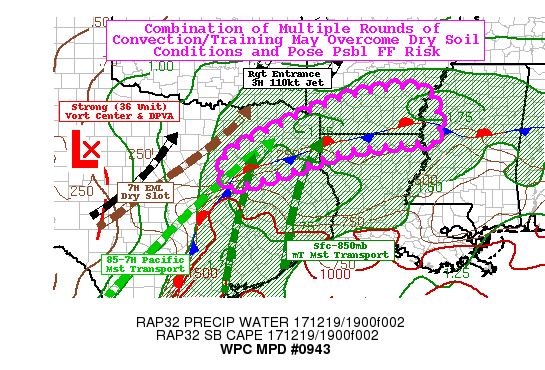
AREAS AFFECTED...NORTHEAST TX...SOUTHERN AR...NORTHERN LA...CENT
WESTERN MS

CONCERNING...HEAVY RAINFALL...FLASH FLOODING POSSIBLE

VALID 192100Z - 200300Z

SUMMARY...INGREDIENTS FOR BACKBUILDING AND TRAINING EFFICIENT
RAINFALL PRODUCING CONVECTION SUPPORT ISOLATED FLASH FLOODING
THREAT THIS EVENING/EARLY OVERNIGHT.

DISCUSSION...GOES-16 AIRMASS RGB DEPICTS A SIGNIFICANT +PV ANOMALY
WITH BRIGHT PINKS/REDS WITH UPPER LOW ACROSS THE TWO TX
PANHANDLES.  THE STRONGER BASE VORT CENTER IS PRIMING TO SWING OUT
ACROSS CENTRAL TX PROVIDING AMPLE DPVA TO ACCOMPANY AND STRENGTHEN
ALREADY IMPRESSIVE DIFFLUENT/DIVERGENT FLOW ACROSS NE TX SPILLING
INTO AR/FAR N LA.  THE STRONG DPVA WILL BE THE SPARK TO REACTIVATE
CONVECTION AT OR JUST AFTER 00Z ALONG A N-S FRONTAL BOUNDARY
SEPARATING WESTERN GULF MT AIR DEPICTED BY SFC TDS IN THE LOW 70S
FROM MODIFIED AIR TO THE WEST THAT IS A COMBINATION OF SOME MIXING
OF TROPICAL CONNECTION ACROSS MEXICO IN THE 850-700H AND RESIDUAL
MODIFIED CP AIR AHEAD OF MAIN DRY PUNCH FROM THE EML OFF THE
MEXICAN PLATEAU (GENERALLY WEST OF UL CIRRUS STREAK SEEN IN
3-CHANNEL WV SUITE) AND COLD CONTINENTAL AIR MIXING OUT OF THE
CENTRAL ROCKIES LATER (AS THE SFC CYCLONE RAPIDLY DEVELOPS LATER
TONIGHT).  GIVEN THE CELLS WILL BE ON THE WESTERN EDGE OF THE
DEEPER MOISTURE AND ALLOW FOR CONTINUED RAINFALL EFFICIENCY OF
1.5-2"/HR.

THIS ALONE WOULD NOT LIKELY BE SUFFICIENT FOR FLOODING CONCERNS
EXCEPT IN MOST PRONE/URBAN SETTINGS DUE TO INITIAL
DOWNPOURS...HOWEVER THIS IS IN COMBINATION WITH ONGOING SHOWERS
WITH EMBEDDED CONVECTIVE ELEMENTS ALONG AND NORTH OF THE WARM
FRONT THAT EXTENDS ACROSS NE TX AND ALONG THE AR/LA BORDER.
SOUTHERLY FLOW CONTINUES WITHIN THE WARM SECTOR OF SE TX/LA AND IS
LIFTING ISENTROPICALLY ALONG THE FRONT...AIDED BY THE 3H SHORTWAVE
RIDGING FEEDING INTO THE 110KT RIGHT ENTRANCE ACROSS AR/E OK HAS
SPARKED A FEW ISOLATED DEEPER CELLS TO -65C WITH OCCASIONAL
LIGHTNING STRIKES...CLOUD BARING FLOW IS SLIGHTLY OFF ANGLE TO THE
NORTH OF THE FRONT TO LIMIT MOST IDEAL TRAINING BUT GIVEN UPSTREAM
HEIGHT FALLS...THE POTENTIAL FOR ADDITIONAL UPSTREAM REDEVELOPMENT
IS LIKELY TO PRODUCE A BROAD AREA OF 1-2" WITH A FEW EMBEDDED
STREAKS OF 2-3" POSSIBLE IN THE NEXT 3-4 HOURS MAINLY FROM CRS TO
TYR/TO N OF SHV.

HI-RES GUIDANCE SUCH AS THE 12Z ARW AND RECENT HRRR RUNS DEPICT
BEST AGREEMENT OF THE AXIS AND SUGGEST SOME SPOTS MAY EXCEED 3 TO
6HR FFG VALUES AND AS SUCH FF IS CONSIDERED POSSIBLE.